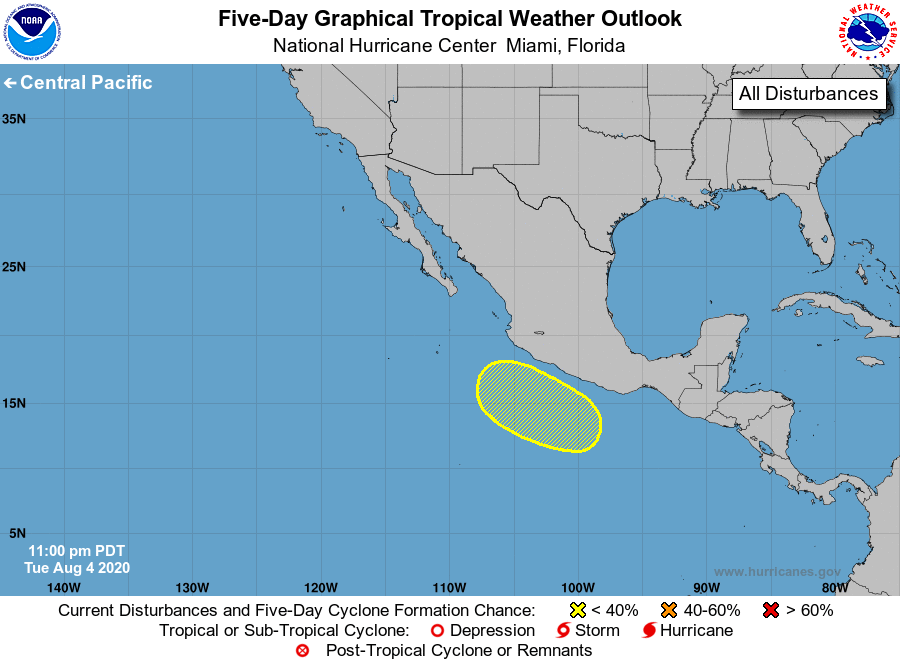
For the eastern North Pacific...east of 140 degrees west longitude:

1. An area of low pressure is forecast to form south or southwest of the southern coast of Mexico over the weekend. Environmental conditions are forecast to be conducive for at least gradual development through early next week while the system moves generally west-northwestward.
* Formation chance through 48 hours...low...near 0 percent.
* Formation chance through 5 days...low...30 percent.

Forecaster Berg